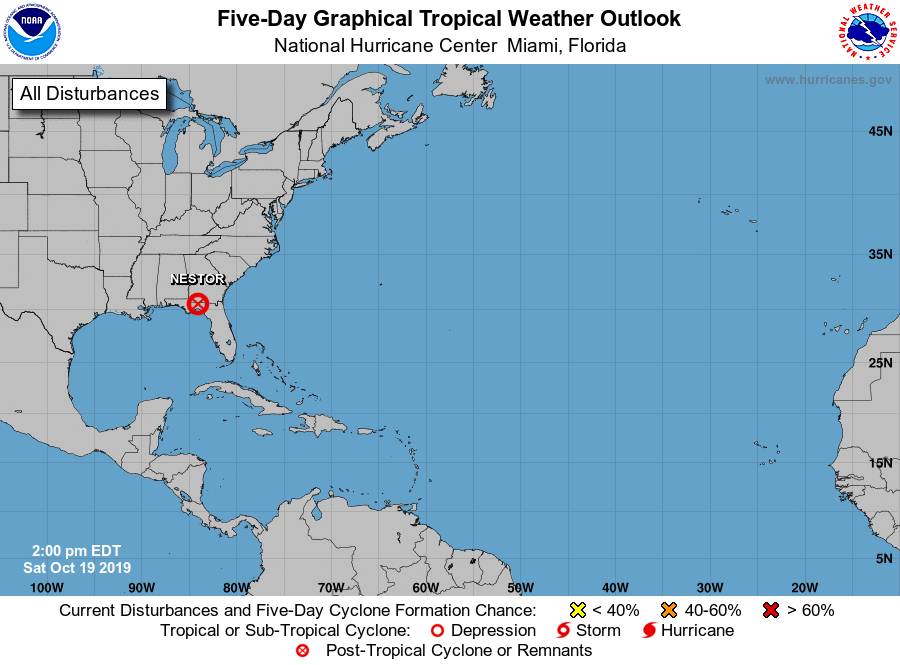
For the North Atlantic...Caribbean Sea and the Gulf of Mexico:

The National Hurricane Center is issuing advisories on newly designated Post-Tropical Cyclone Nestor, located over the far northeastern Gulf of Mexico near the Florida panhandle.

Tropical cyclone formation is not expected during the next 5 days.

Forecaster Stewart